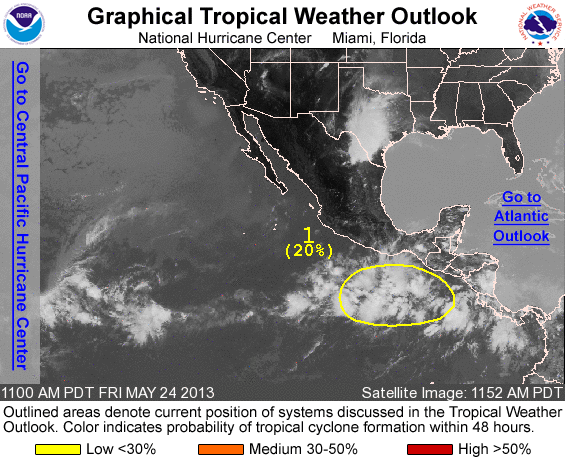
FOR THE EASTERN NORTH PACIFIC...EAST OF 140 DEGREES WEST LONGITUDE..

1. AN ELONGATED TROUGH OF LOW PRESSURE IS PRODUCING WIDESPREAD CLOUDINESS AND SHOWERS FROM NEAR THE COASTS OF SOUTHERN MEXICO AND CENTRAL AMERICA...AND EXTENDING SOUTHWARD OVER MUCH OF THE EASTERN NORTH PACIFIC. ALTHOUGH WEAK CIRCULATIONS ARE LOCATED WELL TO THE SOUTHWEST OF ACAPULCO MEXICO AND WEST OF COSTA RICA... NEITHER OF THESE SYSTEMS IS SHOWING ANY SIGNS OF ORGANIZATION. HOWEVER...SOME GRADUAL DEVELOPMENT OF THIS LARGE AREA OF DISTURBED WEATHER IS STILL POSSIBLE OVER THE NEXT SEVERAL DAYS AS IT DRIFTS WESTWARD. THIS SYSTEM HAS A LOW CHANCE...20 PERCENT...OF BECOMING A TROPICAL CYCLONE DURING THE NEXT 48 HOURS.

ELSEWHERE...TROPICAL CYCLONE FORMATION IS NOT EXPECTED DURING THE NEXT 48 HOURS.

FORECASTER STEWART